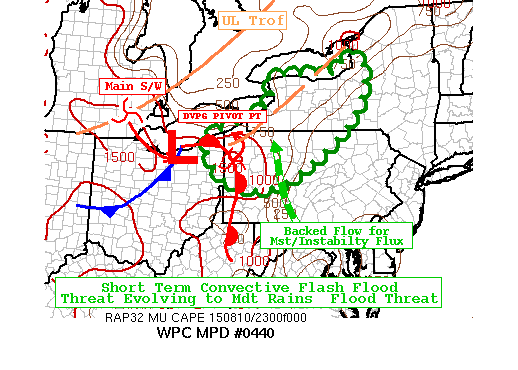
AREAS AFFECTED...WESTERN NEW YORK...EASTERN PENNSYLVANIA...EXTREME
NORTHEAST OHIO

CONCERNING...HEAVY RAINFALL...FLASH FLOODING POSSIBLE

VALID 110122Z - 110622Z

SUMMARY...NARROW WINDOW IN SPACE AND TIME FOR DEEPER CONVECTION
WITH RATES IN EXCESS OF 1.5"/HR BEFORE WEAKENING INTO PROLONGED
MODERATE RAINFALL EVENT

DISCUSSION...WEAK SHORTWAVE CURRENT ANALYZED NEAR FKL IN ADVANCE
OF BASE OF STRONGER TROF BACK ACROSS THE LOWER PENINSULA OF
MI...KEEPS BACKED FLOW OVER CENTRAL PA AND NY CONTINUING TO PUMP
SOUTHERLY MOIST AND UNSTABLE AIR IN ADVANCE OF DEVELOPING SURFACE
LOW...WITH 1.6-1.7 TPWS AND 500-1500 J/KG OF CAPES PER 00Z BUF AND
PIT RAOBS.  THE INTERACTION OF THE SHORTWAVES AND DEVELOPING
SURFACE LOW WILL ACT TO GENERATE A PIVOT POINT NEAR CLE TO ERI
OVER THE NEXT FEW HOURS WITH CONVECTION TO DEVELOP IN THE WARM
SECTOR AND MOVE ACROSS WESTERN NY AND PA OVER THE NEXT FEW HOURS
WITH RATES OF 1.5"/HR...AND USE UP THE REMAINING AREAL LIMIT OF
INSTABILITY...AS CENTRAL PA ITSELF REMAINED CLOUDED OVER MUCH OF
THE DAY LIMITING THE ABILITY FOR ADDITIONAL AREAL COVERAGE.

AS INSTABILITY WANES...CONVECTION SHOULD EVOLVE INTO SOLID
MODERATE RAINFALL WITH THE STRENGTHENING DEFORMATION ZONE ALONG
THE TROF ALONG THE GREAT LAKES INTO WESTERN QUEBEC INTO THE LARGER
SYNOPTIC CYCLONE.  THIS WILL BE MODERATE BUT WITH LIMITED MOTION
EAST AND INCREASED SPLIT FLOW ALOFT...ADDITIONAL PIVOT POINTS/VORT
CENTER WILL DEVELOP ALONG THIS BOUNDARY BACKING FLOW NORTH OF THE
CIRCULATIONS FOR INCREASED SHARS STYLE MODERATE
RAINS...COMPOUNDING OVER AREAS AFFECTED EARLIER TONIGHT SHIFTING
FROM FLASHY STYLE TO MORE PROLONGED FLOODING ISSUES OVER A BROADER
AREA. THE 18Z NAM-CONEST AND 12Z ARW MAY BE THE MOST REVEALING OF
THIS PATTERN THOUGH EXACT PIVOT LOCATIONS ARE GOING TO BE
DIFFICULT TO DETERMINE...THOUGH LIKELY NEAR AND JUST NORTH OF THE
NY/PA LINE THROUGH THE EARLY OVERNIGHT.